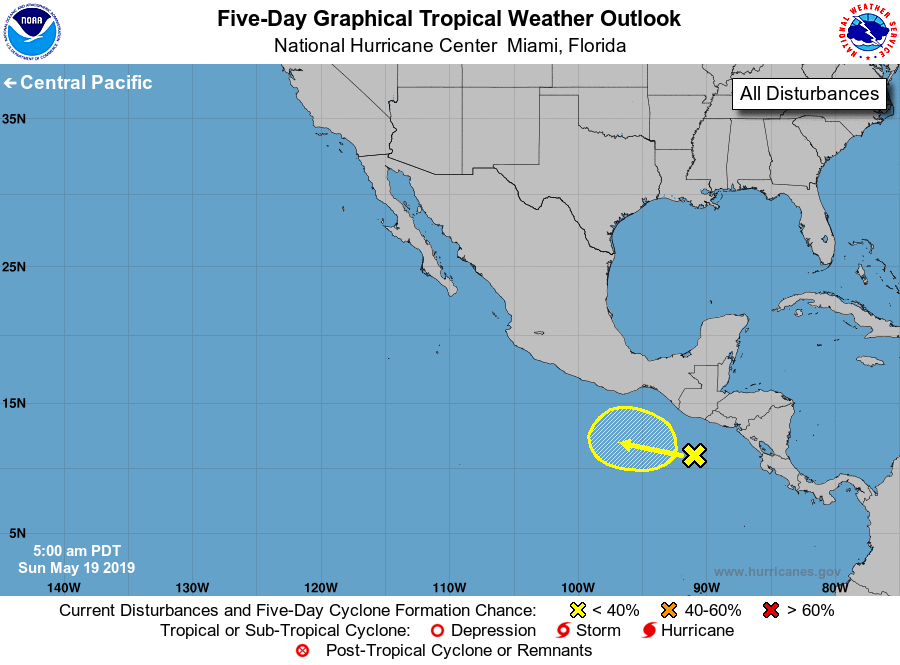
For the eastern North Pacific...east of 140 degrees west longitude:

1. Showers and thunderstorms associated with a broad area of low pressure located a couple hundred miles south of Guatemala have become less organized since yesterday. Environmental conditions could support some slow development of this system by the middle of the week while the disturbance moves slowly westward to the south of Mexico.
* Formation chance through 48 hours...low...near 0 percent.
* Formation chance through 5 days...low...20 percent.

Forecaster Blake